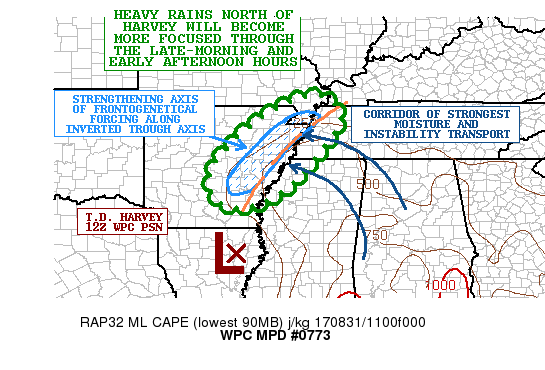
AREAS AFFECTED...CENTRAL/NORTHEAST AR...FAR NORTHWEST MS...FAR
WESTERN TN...MO BOOTHEEL

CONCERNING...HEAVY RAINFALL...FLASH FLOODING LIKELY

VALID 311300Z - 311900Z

SUMMARY...HARVEY WILL CONTINUE TO FOSTER POCKETS OF HEAVY RAINFALL
SOME ADDITIONAL FLASH FLOODING LIKELY.

DISCUSSION...THE CENTER OF T.D. HARVEY CONTINUES TO ADVANCE
FARTHER INLAND ACROSS NORTHERN LA...AND IS PRODUCING A RATHER
LARGE AREA OF DISORGANIZED LIGHT TO MODERATE RAIN STILL OVER PARTS
OF CENTRAL/NORTHERN LA...BUT A SIGNIFICANT AMOUNT OF DRY AIR AS
SEEN IN NON-OPERATIONAL GOES-16 IMAGERY CONTINUES TO WRAP AROUND
THE CIRCULATION CENTER WHICH HAS GREATLY REDUCED THE RAINFALL
RATES ACROSS THESE AREAS. FARTHER NORTH...HOWEVER...AN AXIS OF
HEAVY RAIN WITH EMBEDDED STRONGER CONVECTIVE ELEMENTS HAS BEEN
DEVELOPING OVER AREAS OF CENTRAL/NORTHEAST AR AND FAR WESTERN TN.

THIS AXIS OF HEAVIER RAIN IS IN LINE WITH A CORRIDOR OF
STRENGTHENING FRONTOGENETICAL FORCING AND SURFACE CONVERGENCE NEAR
AN INVERTED TROUGH EXTENDING NORTH-NORTHEAST FROM HARVEY.
INSTABILITY PARAMETERS AROUND HARVEY ITSELF ARE VERY WEAK....BUT
THERE IS A CORRIDOR OF 500+ J/KG MLCAPE VALUES ADVECTING NORTHWEST
TOWARD THE NORTHEAST FLANK OF HARVEY WHICH WILL BE INTERACTING
WITH THE AFOREMENTIONED SURFACE TROUGH.

THE HIRES MODEL CONSENSUS SUPPORTS HEAVY RAINS BECOMING MORE
STRONGLY FOCUSED OVER AREAS OF CENTRAL/NORTHEAST AR AND IN TIME
ENCOMPASSING AREAS OF NORTHWEST MS/WESTERN TN AND ALSO THE
SOUTHEAST MO BOOTHEEL REGION GOING THROUGH EARLY TO MID-AFTERNOON.

RAINFALL RATES ARE CAPABLE OF REACHING 2 TO 2.5 INCHES/HR...WITH
PWATS STILL GENERALLY OVER 2 INCHES ACROSS THE MPD THREAT.
ADDITIONAL STORM TOTALS THROUGH MID-AFTERNOON OF 3 TO 6 INCHES ARE
EXPECTED WHICH IS CONSISTENT WITH THE LATEST HRRR GUIDANCE AND
SUPPORTED BY SOME RECENT COOLING OF CONVECTIVE TOPS OVER NORTHEAST
AR. THIS WILL LIKELY RESULT IN FLASH FLOODING.